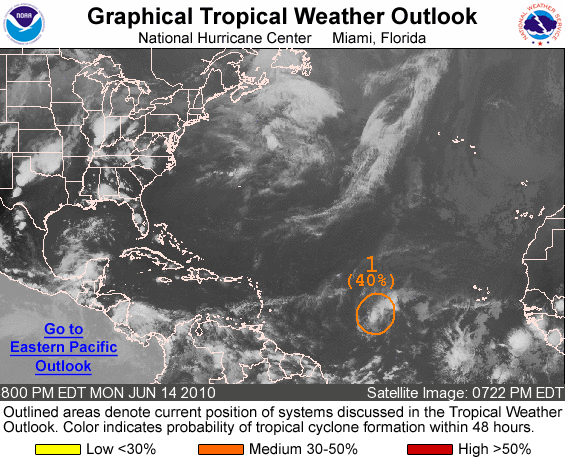
FOR THE NORTH ATLANTIC...CARIBBEAN SEA AND THE GULF OF MEXICO...

1. AN AREA OF LOW PRESSURE LOCATED ABOUT 1250 MILES EAST OF THE LESSER ANTILLES HAS CHANGED LITTLE TODAY...BUT CONTINUES TO SHOW SIGNS OF ORGANIZATION. ENVIRONMENTAL CONDITIONS ARE FORECAST TO REMAIN SOMEWHAT CONDUCIVE FOR DEVELOPMENT OF THIS LOW FOR THE NEXT DAY OR SO...BUT ARE EXPECTED TO BECOME LESS FAVORABLE AFTER THAT. THERE REMAINS A MEDIUM CHANCE...40 PERCENT...OF THIS SYSTEM BECOMING A TROPICAL CYCLONE DURING THE NEXT 48 HOURS AS IT MOVES WEST-NORTHWESTWARD TO NORTHWESTWARD AT ABOUT 15 MPH.

ELSEWHERE...TROPICAL CYCLONE FORMATION IS NOT EXPECTED DURING THE NEXT 48 HOURS.

FORECASTER STEWART/BLAKE